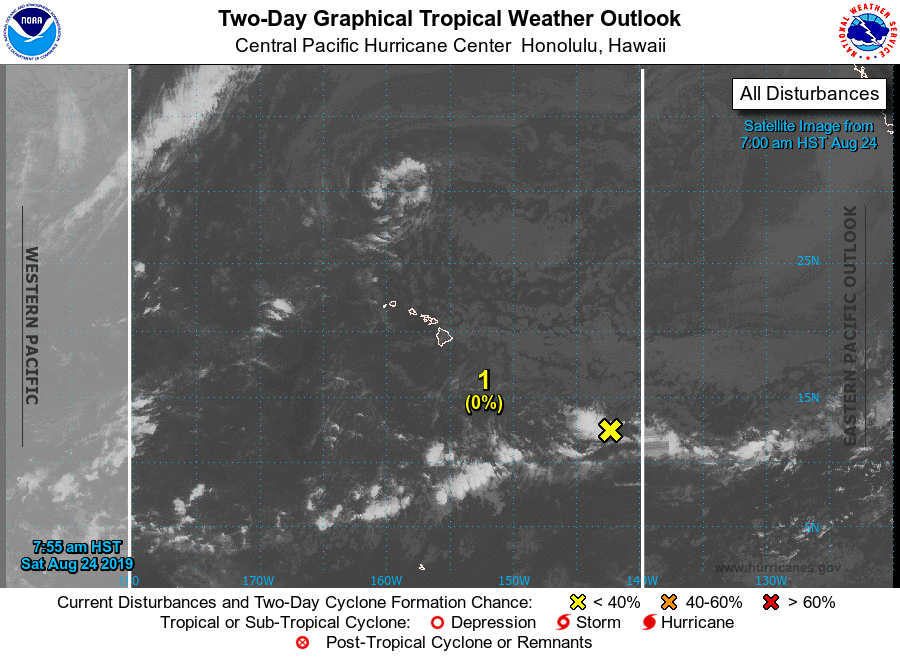
For the central North Pacific...between 140W and 180W:

1. An area of low pressure is expected to develop within a broad and elongated surface trough several hundred miles southeast of the Big Island of Hawaii over the next couple of days. Some subsequent development of this system is possible early next week as the system drifts toward the northwest. The upper level environment will likely inhibit any further development by mid week.
* Formation chance through 48 hours...low...near 0 percent.
* Formation chance through 5 days...low...20 percent.

Elsewhere, no tropical cyclones are expected during the next 5 days.

Forecaster Wroe